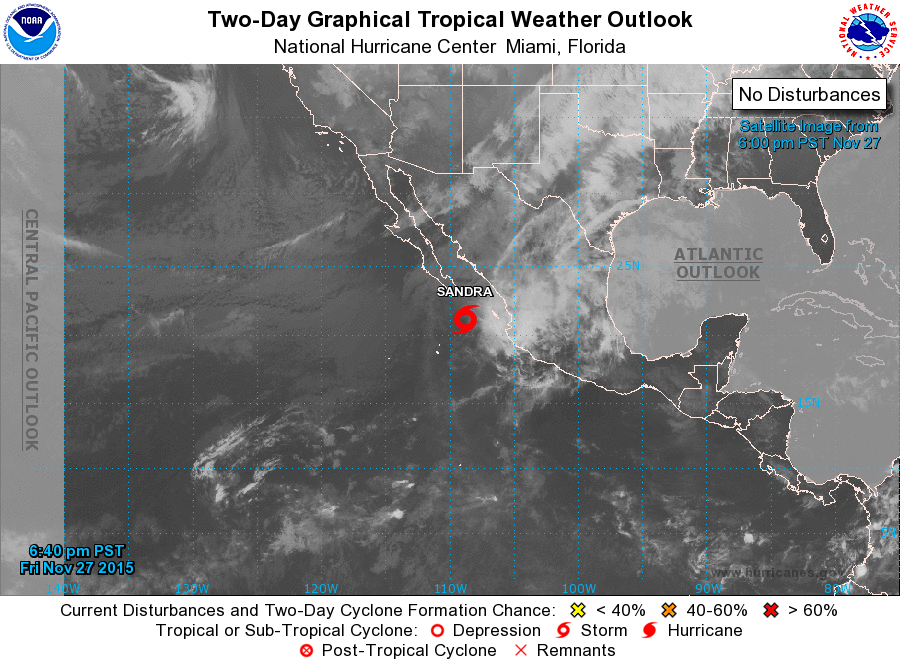
For the eastern North Pacific...east of 140 degrees west longitude:

The National Hurricane Center is issuing advisories on recently downgraded Tropical Storm Sandra, located a couple hundred miles southwest of Mazatlan, Mexico.

Tropical cyclone formation is not expected during the next 5 days.

Forecaster Roberts